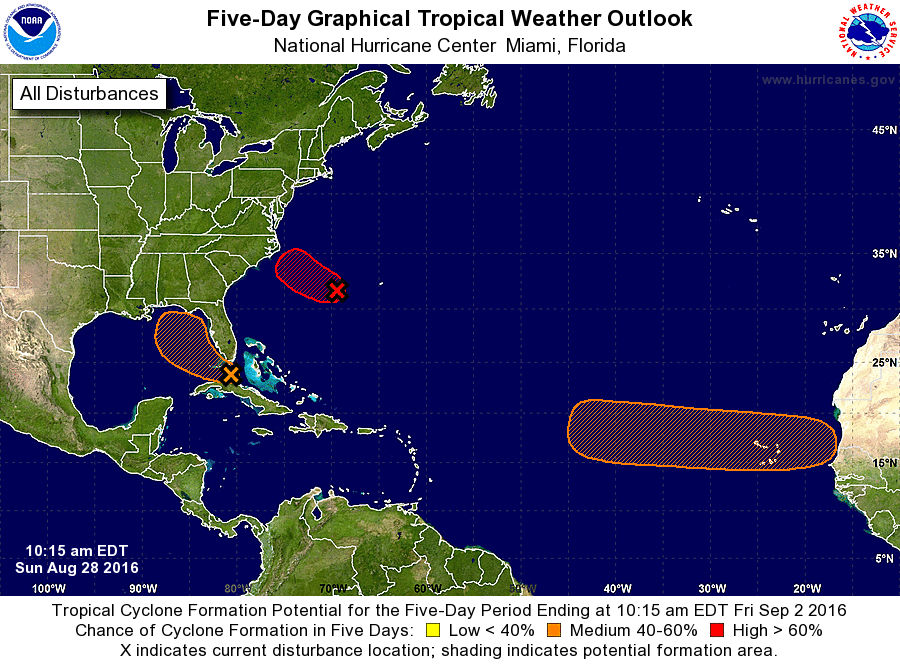
For the North Atlantic...Caribbean Sea and the Gulf of Mexico:

Special Outlook issued to update discussion of area of low pressure west of Bermuda.

The National Hurricane Center is issuing advisories on Hurricane Gaston, located about 600 miles east of Bermuda.

1. A weak area of low pressure located near the north coast of central Cuba continues to produce a large area of disorganized cloudiness and thunderstorms. Upper-level winds are not conducive for significant development today while this system moves westward through the Straits of Florida. The low is expected to move into the southeastern Gulf of Mexico on Monday, where environmental conditions could become somewhat more conducive for development. Regardless of development, heavy rainfall and gusty winds are likely over portions of the central and northwestern Bahamas, and Cuba through tonight. Gusty winds and locally heavy rainfall will spread into parts of southern Florida and the Florida Keys later today. Interests elsewhere in Florida and the eastern Gulf of Mexico should continue to monitor the progress of this disturbance. A NOAA Hurricane Hunter aircraft is scheduled to investigate this system this afternoon, if necessary.
* Formation chance through 48 hours...medium...40 percent
* Formation chance through 5 days...medium...60 percent

2. Updated: Satellite images indicate that the area of low pressure west-southwest of Bermuda has become a tropical depression, and advisories on Tropical Depression Eight will be initiated at 11 AM EDT.
* Formation chance through 48 hours...high...100 percent
* Formation chance through 5 days...high...100 percent

3. A tropical wave is expected to move offshore of the west coast of Africa on Tuesday. Conditions are expected to be favorable for development of this system later this week while it moves westward at 15 to 20 mph over the tropical eastern Atlantic.
* Formation chance through 48 hours...low...near 0 percent
* Formation chance through 5 days...medium...60 percent

High Seas Forecasts issued by the National Weather Service can be found under AWIPS header NFDHSFAT1, WMO header FZNT01 KWBC, and on the Web at http://www.opc.ncep.noaa.gov/shtml/NFDHSFAT1.shtml.

Forecaster Pasch